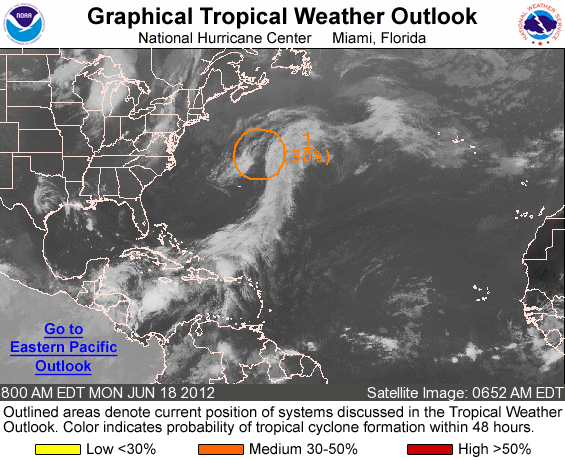
FOR THE NORTH ATLANTIC...CARIBBEAN SEA AND THE GULF OF MEXICO...

1. A WELL-DEFINED NON-TROPICAL AREA OF LOW PRESSURE LOCATED ABOUT 300 MILES NORTHEAST OF BERMUDA IS PRODUCING GALE-FORCE WINDS AND SCATTERED SHOWERS AND THUNDERSTORMS. THIS SYSTEM COULD GRADUALLY ACQUIRE SUBTROPICAL CYCLONE CHARACTERISTICS AS IT MOVES NORTHEASTWARD AT AROUND 10 MPH OVER THE NEXT COUPLE OF DAYS. THIS SYSTEM HAS A MEDIUM CHANCE...30 PERCENT...OF BECOMING A SUBTROPICAL OR TROPICAL CYCLONE DURING THE NEXT 48 HOURS.

FOR ADDITIONAL INFORMATION ON THIS SYSTEM...PLEASE SEE HIGH SEAS FORECASTS ISSUED BY THE NATIONAL WEATHER SERVICE OCEAN PREDICTION CENTER.

ELSEWHERE...TROPICAL CYCLONE FORMATION IS NOT EXPECTED DURING THE NEXT 48 HOURS.

&&
HIGH SEAS FORECASTS ISSUED BY THE NATIONAL WEATHER SERVICE CAN BE FOUND UNDER AWIPS HEADER NFDHSFAT1 AND WMO HEADER FZNT01 KWBC.

FORECASTER LANDSEA